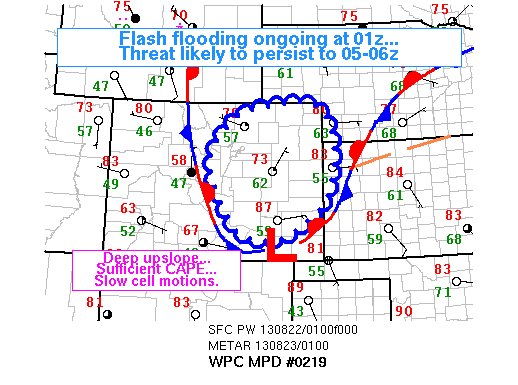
AREAS AFFECTED...EASTERN CO

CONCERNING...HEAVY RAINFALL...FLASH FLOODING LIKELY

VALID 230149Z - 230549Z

SUMMARY...THERE WERE REPORTS OF SIGNIFICANT FLASH FLOODING ALONG
THE CO FRONT RANGE AS OF 0130Z. THE ENVIRONMENT SHOULD SUPPORT A
CONTINUED FLASH FLOOD THREAT...WITH THE HEAVIEST RAIN DRIFTING
SLOWLY TOWARD THE EAST.

DISCUSSION...POST FRONTAL UPSLOPE HAD FOCUSED A HEAVY RAIN EVENT
ALONG THE CO FRONT RANGE. REPORTS WERE SUGGESTIVE OF POSSIBLE HIGH
END FLASH FLOODING...WITH RAIN TOTALS 1.5 TO 2.8 INCHES PER LOCAL
STORM REPORTS AND COCORAHS. CELLS APPEARED MULTICELLULAR WITH
OCCASIONAL SUPERCELL STRUCTURES...BUT INVOLVEMENT OF SMALL HAIL
APPEARED NEGLIGIBLE IN REDUCING RAIN RATES.

LOW LEVELS WERE MOSTLY RESPONSIBLE FOR THE SUSTAINED FORCING
BENEATH AN UPPER LEVEL RIDGE...AND UPSLOPE WAS DEEPEST TOWARD
SOUTHEAST COLORADO WHERE KPUX VAD WIND PROFILE INDICATED
ACCELERATED EASTERLY FLOW APPROX. 25 KNOTS THROUGH A DEEP LAYER.
THE POOL OF CAPE THAT DEVELOPED DURING THE DAY WAS ALSO STRONGEST
OVER THIS AREA...AND HIGH RESOLUTION MODELS FOCUSED ACTIVITY IN
SOUTHEAST COLORADO THROUGH 06Z...GENERALLY AHEAD OF THE
CONCENTRATED HEAVY ECHOES THAT WERE MOVING ESE FROM COLORADO
SPRINGS AT 0130Z. OTHER NEW DEVELOPMENT WAS NOTED...HOWEVER...ENE
OF DENVER. LOW LEVEL INFLOW MAY INCREASE OVER NORTHEAST COLORADO
AS AN UPPER LEVEL WAVE BRUSHES THE REGION TO THE NORTHWEST TONIGHT.

SREF AND RUC CAPE FIELDS REMAIN SUPPORTIVE OF DEEP
CONVECTION...EVEN IF BECOMING SLIGHTLY ELEVATED...THROUGH AT LEAST
05-06Z. SLOW STORM MOTIONS WILL BE RESPONSIBLE FOR CONTINUED HEAVY
RAINFALL...1.5-2.5 INCHES BENEATH THE STRONGEST CELLS. MEAN 0-6 KM
WINDS AND SUPERCELL MOTIONS REMAIN 0-10 KT. SMALL SCALE MCS
DEVELOPMENT COULD PUSH CELLS TO EAST A LITTLE QUICKER...BUT THE
SUSTAINED UPSLOPE COULD SUPPORT WESTWARD REDEVELOPMENT AND BRIEF
TRAINING. SUSPECT THAT WITH THE LACK OF MID LEVEL SUPPORT...THE
INTENSITY OF THE RAIN AMOUNTS SHOULD DECREASE BY 05-06Z WITH LOSS
OF CAPE/UPDRAFT STRENGTH.